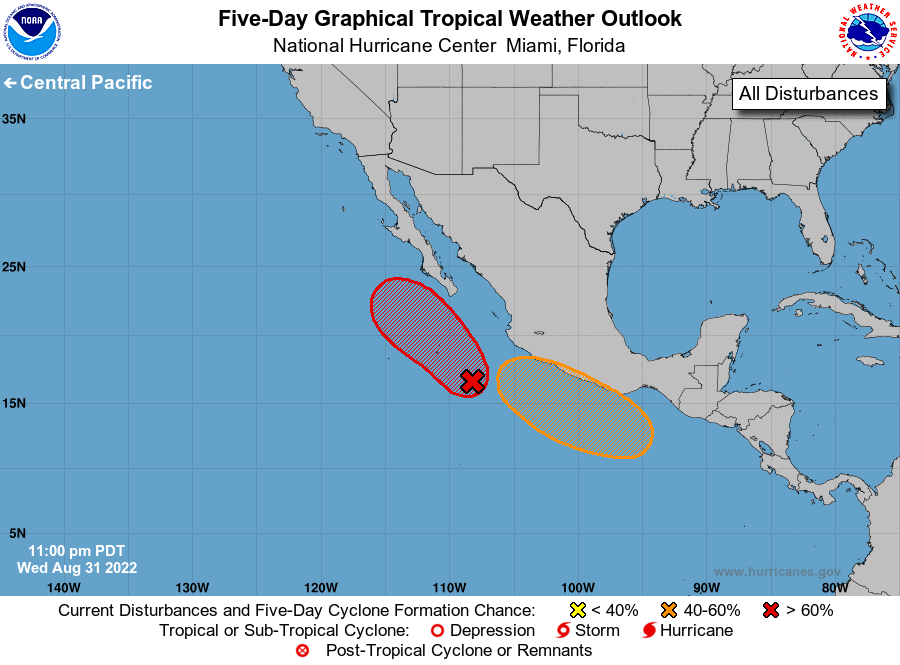
For the eastern North Pacific...east of 140 degrees west longitude:

1. Offshore of West-Central Mexico: Showers and thunderstorms associated with an area of low pressure located about 350 miles west-southwest of Manzanillo, Mexico, have changed little in organization during the past several hours. Conditions appear favorable for development of this system, and a tropical depression or tropical storm is forecast to form during the next day or so while moving northwestward at about 10 mph, likely remaining a couple of hundred miles off the western coast of Baja California Sur. Additional information on this system, including gale warnings, can be found in High Seas Forecasts issued by the National Weather Service.
* Formation chance through 48 hours...high...80 percent.
* Formation chance through 5 days...high...90 percent.

2. South of Southern Mexico: An area of low pressure is forecast to form south of the southern coast of Mexico by late this week. Gradual development of this system is possible thereafter, and a tropical depression could form by early next week while the low moves westward or west-northwestward near the coast of southern and southwestern Mexico.
* Formation chance through 48 hours...low...near 0 percent.
* Formation chance through 5 days...medium...50 percent.

High Seas Forecasts issued by the National Weather Service can be found under AWIPS header NFDHSFEPI, WMO header FZPN02 KWBC, and on the web at ocean.weather.gov/shtml/NFDHSFEPI.php

Forecaster Beven